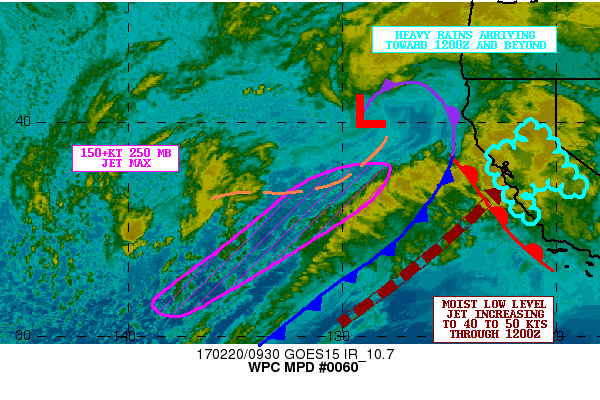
AREAS AFFECTED...CA COAST...SACRAMENTO VALLEY...SIERRA-NEVADA
FOOTHILLS

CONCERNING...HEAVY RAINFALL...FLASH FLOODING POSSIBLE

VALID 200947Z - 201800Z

SUMMARY...ATMOSPHERIC-RIVER DRIVEN HEAVY RAINS ARRIVING EARLY THIS
MORNING WILL INCREASE IN INTENSITY BETWEEN 12Z AND 18Z. RUNOFF AND
ISOLATED FLASH FLOODING CONCERNS ARE EXPECTED.

DISCUSSION...BLENDED-TPW DATA ALONG WITH GOES-W IR/WV IMAGERY
SHOWS THE NEXT ATMOSPHERIC RIVER SURGE AIMING FOR CENTRAL CA TODAY
AS AN AREA OF LOW PRESSURE OFFSHORE NORTHERN CA LIFTS NORTHEAST
TOWARD SOUTHWEST OR. THE MODEL GUIDANCE INDICATES A STRENGTHENING
OF THE LOW LEVEL JET THIS MORNING...REACHING 40 TO 50 KTS BY
1200Z..AND CONTINUING THROUGH 1800Z AS THE CYCLONE APPROACHES.
FACILITATING THIS WILL ALSO BE THE PROXIMITY AND ARRIVAL OF A
STRONG UPPER LEVEL JET STREAK THAT IS CURRENTLY OVER 150 KTS AT
250 MB SOUTHWEST OF THE DEEPENING LOW CENTER.

THE LATEST BLENDED-TPW SHOWS A SURGE OF 1.2 TO 1.4 INCH PWATS
POOLED ALONG AN APPROACHING WARM FRONT AND ALSO DOWN TO THE
SOUTHWEST ALONG A WELL-DEFINED COLD FRONT. OFFSHORE RAINFALL RATES
FROM A 0524Z AMSU PASS WERE GENERALLY BELOW A 0.25 INCH/HR...WITH
THE EXCEPTION OF A FEW 0.30 TO 0.35 INCH/HR RATES ALONG THE
NORTHERN END OF THE WARM FRONT. SINCE THEN IR SATELLITE IMAGERY
HAS BEEN DEPICTING GRADUALLY COOLING CLOUD TOPS JUST OFFSHORE AND
ESPECIALLY UPWIND ALONG THE COLD FRONT...SUGGESTIVE OF INCREASING
RAINFALL RATES SINCE THE LAST AMSU PASS.

RECENT RUNS OF THE HRRR ALONG WITH THE 00Z ARW AND 00Z NSSL-WRF
ARE IN STRONG AGREEMENT IN BRINGING HEAVY RAINS TO THE CENTRAL CA
COASTAL RANGES BY 1200Z...WITH HEAVIER RAINS THEREAFTER EXPECTED
TO SET UP INLAND ACROSS THE SACRAMENTO VALLEY AND THE
SIERRA-NEVADA FOOTHILLS THROUGH 1800Z.

ON AVERAGE...RAINFALL RATES OF AROUND A 0.25 TO PERHAPS
OCCASIONALLY CLOSE TO A 0.50 INCH/HR CAN BE EXPECTED TO DEVELOP IN
THE SACRAMENTO VALLEY. HOWEVER...MUCH HEAVIER RATES ARE EXPECTED
FOR THE CENTRAL CA COASTAL RANGES IN VICINITY OF SAN MATEO AND
ESPECIALLY SANTA CRUZ COUNTIES. HERE...GIVEN THE ORTHOGONAL
ORIENTATION OF THE LOW LEVEL JET RELATIVE TO THE TERRAIN...THE AID
OF STRONG OROGRAPHICS IS EXPECTED TO GENERATE 0.75+ INCH/HR
RAINFALL RATES. FARTHER INLAND INTO THE FOOTHILLS OF THE
SIERRA-NEVADA BELOW SNOW LEVEL...THERE WILL 0.50 TO 0.75 INCH/HR
RAINFALL RATES DEVELOPING.

THROUGH 1800Z...EXPECT ADDITIONAL RAINFALL AMOUNTS OF AS MUCH AS 1
TO 2 INCHES IN THE SACRAMENTO VALLEY...2 TO 4 INCHES IN THE
SIERRA-NEVADA FOOTHILLS...AND 3 TO 6 INCHES FOR THE COASTAL RANGES
WITH THE HEAVIEST TOTALS EXPECTED FOR SANTA CRUZ COUNTY.

THESE RAINS ARE EXPECTED TO RESULT IN ADDITIONAL CONCERNS FOR
RUNOFF PROBLEMS AND AT LEAST ISOLATED FLASH FLOODING GIVEN THE
SATURATED SOIL CONDITIONS AND LOCALIZED BURN SCARS. DEBRIS FLOWS
AND MUDSLIDES WILL BE POSSIBLE. ADDITIONAL HEAVY RAINS WILL OCCUR
AFTER 1800Z...SO STAY TUNED FOR MORE UPDATES.